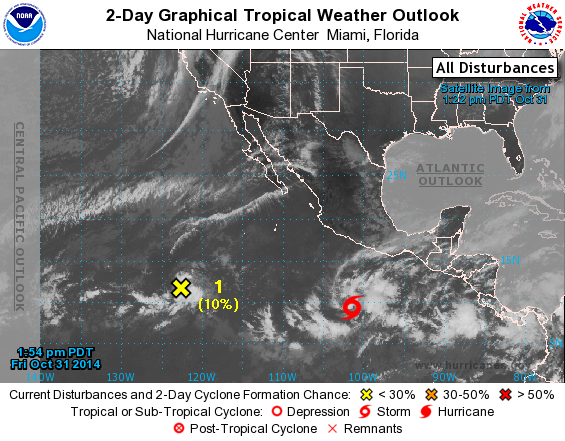
For the eastern North Pacific...east of 140 degrees west longitude:

The National Hurricane Center is issuing advisories on Tropical Storm Vance, located several hundred miles south of Acapulco, Mexico.

1. A broad area of low pressure has formed about 1150 miles southwest of the southern tip of the Baja California peninsula. Some gradual development of this system is possible before upper-level winds become less favorable early next week. The low is expected to move toward the west-southwest at 5 to 10 mph over the next few days.
* Formation chance through 48 hours...low..10 percent.
* Formation chance through 5 days...low...20 percent.

Forecaster Blake